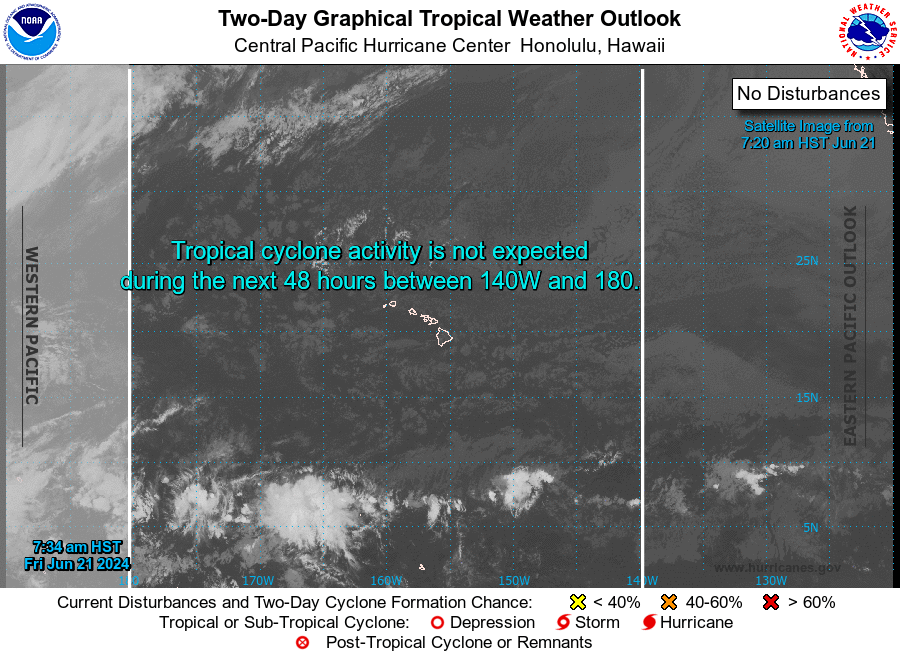
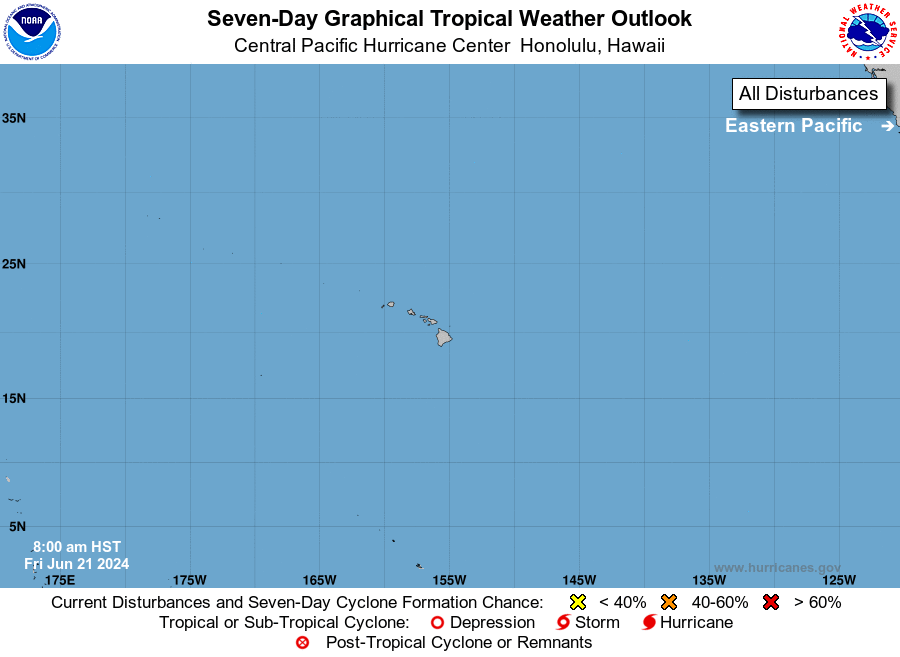
For the central North Pacific...between 140W and 180W:

No tropical cyclones are expected during the next 7 days.

Forecaster TS